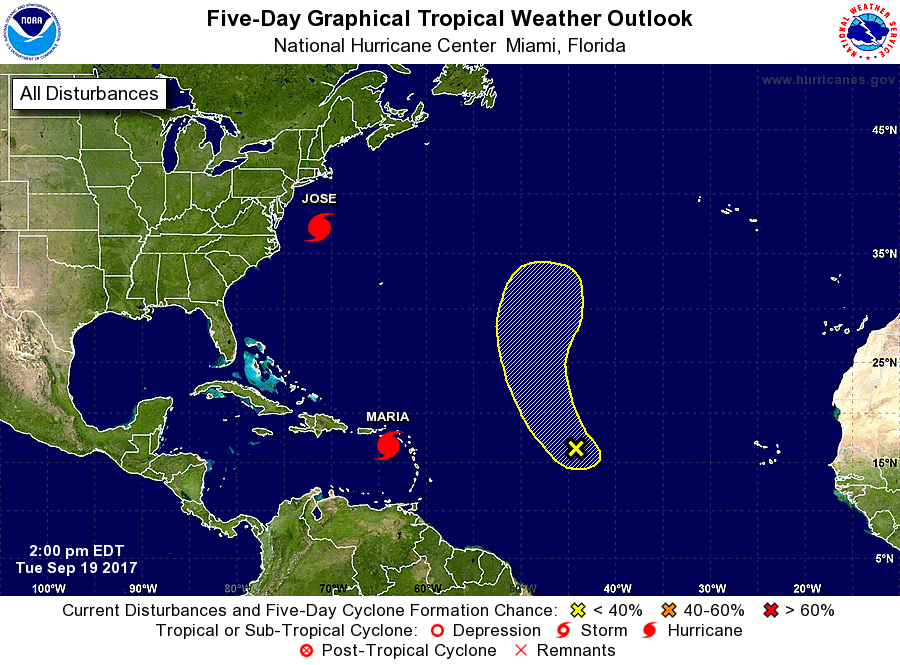
For the North Atlantic...Caribbean Sea and the Gulf of Mexico:

The National Hurricane Center is issuing advisories on Hurricane Jose, located a few hundred miles south of Nantucket, Massachusetts, North Carolina, and on Hurricane Maria, located over the northeastern Caribbean Sea more than 100 miles southeast of St. Croix.

1. A small low pressure area, the remnants of Lee, is producing disorganized shower activity about midway between the Cabo Verde Islands and the Leeward Islands. Environmental conditions could become marginally conducive for redevelopment of a tropical cyclone by the weekend while the system moves northwestward to northward over the central Atlantic Ocean.
* Formation chance through 48 hours...low...10 percent.
* Formation chance through 5 days...low...20 percent.

Forecaster Stewart